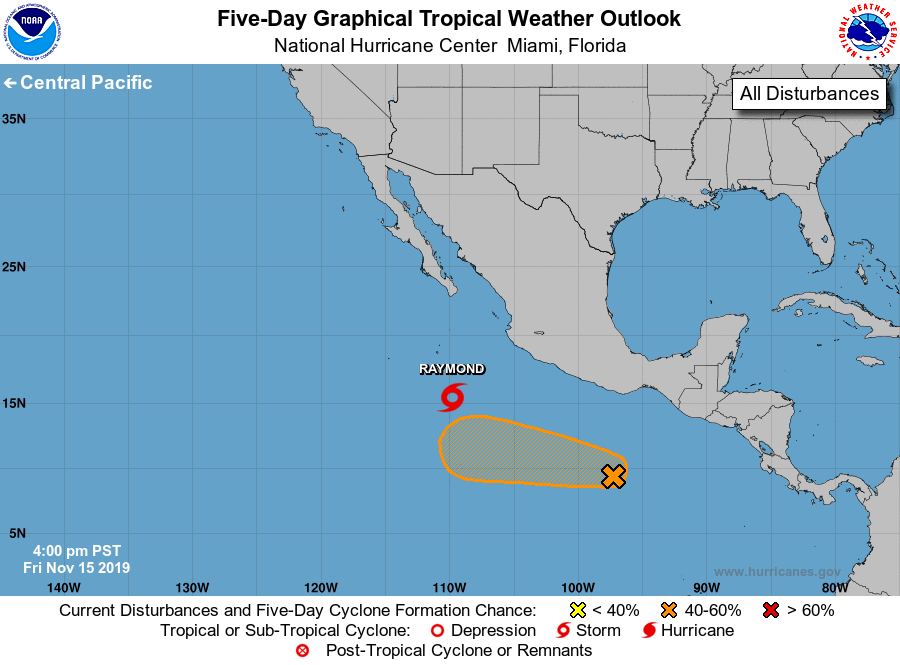
For the eastern North Pacific...east of 140 degrees west longitude:

The National Hurricane Center is issuing advisories on Tropical Storm Raymond, located several hundred miles south of the southern tip of the Baja California peninsula.

1. Shower activity associated with a small area of low pressure located several hundred miles southwest of the Gulf of Tehuantepec has become a little better organized this afternoon. Some additional gradual development of this disturbance is possible, and a tropical depression could form early next week while the system moves westward at around 10 mph.
* Formation chance through 48 hours...low...30 percent.
* Formation chance through 5 days...medium...40 percent.

Public Advisories on Tropical Storm Raymond are issued under WMO header WTPZ35 KNHC and under AWIPS header MIATCPEP5. Forecast/Advisories on Tropical Storm Raymond are issued under WMO header WTPZ25 KNHC and under AWIPS header MIATCMEP5.

Forecaster Beven